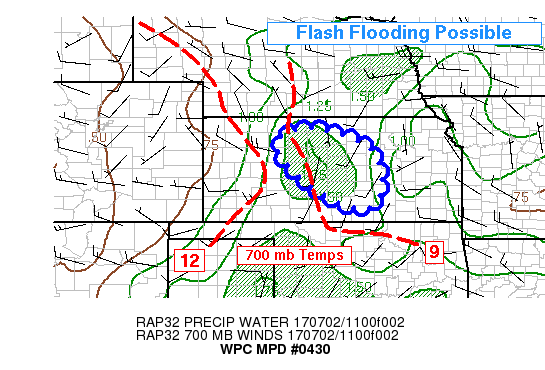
AREAS AFFECTED...NRN KS...CENTRAL KS

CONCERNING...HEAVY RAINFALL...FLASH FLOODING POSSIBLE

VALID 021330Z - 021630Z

SUMMARY...FLASH FLOODING POSSIBLE AS WIND PROFILES FAVOR VERY SLOW
MOVEMENT OF STORMS FORMING IN AN 850-700 MB WARM ADVECTION REGIME.
VERY ISOLATED HEAVY TOTALS...BUT INTENSE RAINFALL AMOUNTS OVER 4
INCHES POSSIBLE.

DISCUSSION...REALLY A SMALL SCALE THREAT HERE IN PARTS OF
KANSAS...BUT THE CONDITIONS FOR LOCALLY INTENSE RAINFALL APPEAR
RIPE THROUGH ABOUT 17 TO 18Z WHEN THE NOCTURNAL LOW LEVEL WIND
MAXIMUM WILL FADE AND BOUNDARY LAYER MIXING WILL HAVE DISRUPTED
THE INFLOW. UNTIL THEN...THUNDERSTORMS FORMING ALONG THE THERMAL
GRADIENTS AT 850-700 MB WILL HAVE A TENDENCY TO MOVE VERY SLOWLY.
MEAN FLOW IS EAST AT 10-15 KNOTS...AND ANY SMALL MCVS WILL BE
STEERED SOUTHEAST BY THE MID LEVEL FLOW...BUT WITH SOME UPDRAFT
ROTATION / DEVIANT MOTION...AND A PREFERENCE FOR NEW UPDRAFT
GROWTH BACK TOWARD THE INFLOW...NET MOTION MAY BE ONLY 5
KNOTS...AS SUGGESTED BY BUNKERS MOTION VECTORS FOR RIGHT
MOVERS...AND OBSERVED THIS MORNING NEAR HAYS.

SYNOPTIC SCALE FEATURES ARE ONLY MILDLY SUPPORTIVE OF THIS
ACTIVITY...BUT STEEP LAPSE RATES AND SUFFICIENT INFLOW SHOULD
MAINTAIN DEEP CONVECTION THROUGH LATE MORNING. THE BEST MODEL
DEPICTION WAS IN MORE RECENT HRRR RUNS...WHICH KEEP THE BULK OF
THE FLASH FLOOD THREAT NEAR I-70 AND NORTH OF WICHITA ALONG I-35.
INFLOW SPEEDS ARE LESS AROUND WICHITA...BUT WITH SOME CONVECTION
PERCOLATING THERE AT 13Z...THERE IS AN OUTSIDE CHANCE OF SOME
HEAVY RAIN AND TRAINING THAT FAR SOUTH. WHEREVER CELLS MERGE AND
PERSIST...KDDC DUAL POL ESTIMATES HAD ALREADY EXCEEDED 5 INCHES.
THE MID LEVEL ENVIRONMENT IS SOMEWHAT DRY...AND THE RADAR
ESTIMATES MAY BE OVERDONE...BUT GIVEN THE SLOW CELL
MOTION...ISOLATED TOTALS OF AT LEAST 4 INCHES HAD LIKELY OCCURRED
NORTH OF HAYS...AND COULD OCCUR ELSEWHERE BEFORE ENDING.